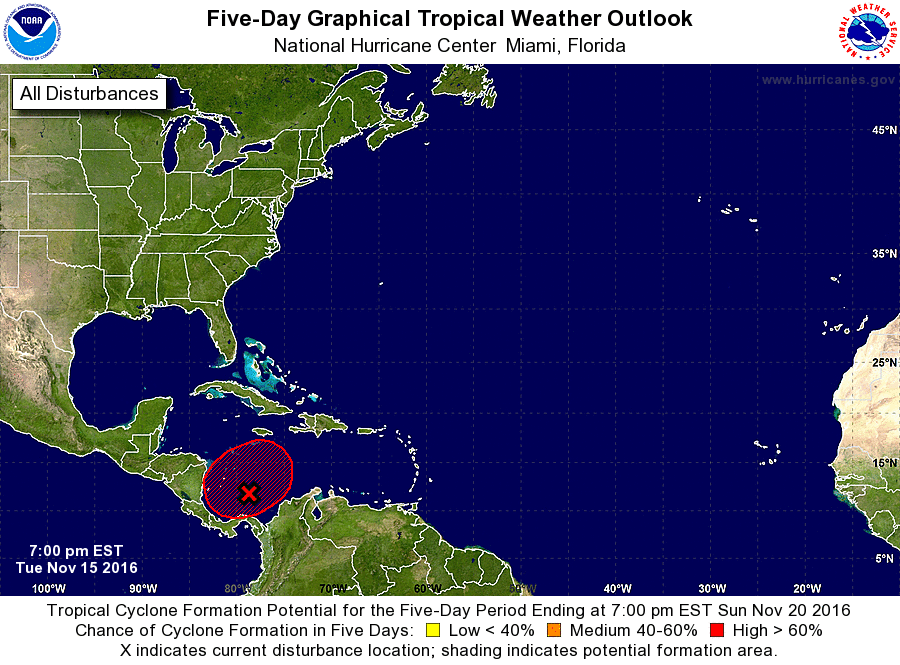
For the North Atlantic...Caribbean Sea and the Gulf of Mexico:

1. A broad low pressure system located over the southwestern Caribbean Sea continues to produce a large area of cloudiness and showers. Environmental conditions are expected to be conducive for slow development of this disturbance during the next several days, and a tropical depression is likely to form late this week or over the weekend while the low drifts generally northward.
* Formation chance through 48 hours...low...20 percent
* Formation chance through 5 days...high...80 percent

Forecaster Cangialosi